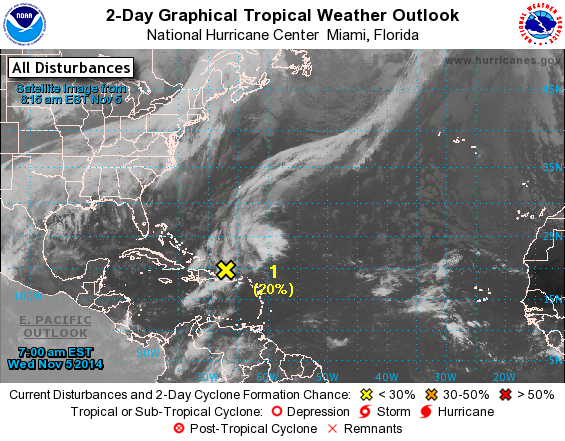
For the North Atlantic...Caribbean Sea and the Gulf of Mexico:

1. A large area of disturbed weather extending northward from the northeastern Caribbean Sea into the Atlantic Ocean for several hundred miles is associated with a weak surface trough and an upper-level low. A surface low pressure system could form in this area later today or tomorrow, and it could briefly acquire subtropical characteristics while moving northwestward. After that time, development is not expected while the disturbance moves north-northeastward and merges with a frontal zone. Regardless of formation, locally heavy rainfall and possible flooding should continue across portions of the Virgin Islands, Puerto Rico, and the Dominican Republic through tonight. For additional information on the heavy rainfall threat, please consult products issued by your national meteorological service.
* Formation chance through 48 hours...low...20 percent.
* Formation chance through 5 days...low...20 percent.

Forecaster Cangialosi